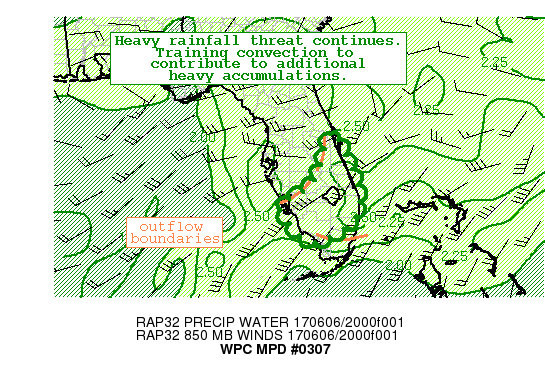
AREAS AFFECTED...CENTRAL AND SOUTHERN FL

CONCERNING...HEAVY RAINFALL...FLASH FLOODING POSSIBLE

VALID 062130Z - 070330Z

SUMMARY...THE HEAVY RAINFALL THREAT CONTINUES...WITH TRAINING
CONVECTION EXPECTED TO CONTRIBUTE TO ADDITIONAL HEAVY
ACCUMULATIONS INTO THE EVENING HOURS.

DISCUSSION...LATEST MESOANALYSIS SHOWS A WEAK WAVE MOVING EAST
ACROSS CENTRAL FL WITH A TRAILING OUTFLOW BOUNDARY PUSHING SOUTH
AND EAST IN ITS WAKE.  THIS BOUNDARY IS EXPECTED TO SLOW AHEAD OF
AN UPSTREAM WAVE NOW MOVING ACROSS THE WESTERN GULF OF MEX TOWARD
THE SOUTHWEST COAST OF FL.  THE HEAVY RAINFALL THREAT IS FORECAST
TO CONTINUE ACROSS THE REGION AS STRONG SOUTHWESTERLY INFLOW
CHANNELS DEEP TROPICAL MOISTURE INTO THE WESTERN EDGE OF THIS
BOUNDARY AND ACROSS AN OLD OUTFLOW BOUNDARY LINGERING ACROSS THE
SOUTHERN PENINSULA.  THE 19 UTC RAP SHOWS 850 MB SOUTHWESTERLY
WINDS OF 30-50 KTS AND PWS OF 1.75-2.25 INCHES PERSISTING THROUGH
THE EVENING HOURS.  MUCAPES ARE GENERALLY 1000-2000 J/KG ACROSS
MUCH OF THE REGION...WITH THE RAP SHOWING A GRADUAL INCREASE AS
THE EVENING PROGRESSES.  TRAINING CONVECTION IS EXPECTED TO
CONTRIBUTE TO ADDITIONAL HEAVY AMOUNTS ACROSS THE REGION...WITH
HI-RES ENSEMBLE GUIDANCE INDICATING WIDESPREAD ADDITIONAL AMOUNTS
OF 1-2 INCHES WITH LOCAL AMOUNTS OF 4+ INCHES THROUGH 03 UTC.
THESE AMOUNTS MAY POSE CONCERNS...ESPECIALLY ACROSS URBANIZED
AREAS.  THE POTENTIAL FOR TRAINING CONVECTION IS EXPECTED TO WANE
LATER THIS EVENING AS THE AFOREMENTIONED WAVE MOVES ONSHORE AND
ACROSS THE SOUTHERN PENINSULA...WITH THE FOCUS FOR HEAVY RAINS
THEN PUSHING SOUTH.